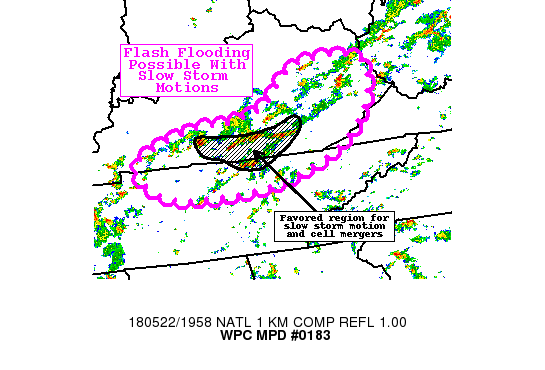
AREAS AFFECTED...SRN/ERN KENTUCKY...NRN TENNESSEE

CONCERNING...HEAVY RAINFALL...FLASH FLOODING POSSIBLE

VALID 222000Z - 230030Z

SUMMARY...SMALL LINES AND CLUSTERS OF STORMS WERE BEGINNING TO
SLOW DOWN AND MERGE...LEADING TO LOCALIZED AREAS OF VERY HEAVY
RAINFALL. RAIN RATES APPROACHING 2 IN/HR COULD LEAD TO FLASH
FLOODING.

DISCUSSION...REGIONAL RADARS IN THE PAST COUPLE HOURS HAVE SHOWN
BOTH SLIGHTLY SLOWER STORM MOTIONS AND A TENDENCY FOR CELL MERGERS
GIVEN SLIGHTLY CHAOTIC STORM MOTIONS. THIS WAS LEADING TO LARGER
AND MORE ORGANIZED CLUSTERS OF STORMS WITH A LONGER RESIDENCE TIME
IN SPECIFIC LOCATIONS...AND THUS INCREASING RAIN RATES. NWS RADAR
DUAL POL RAINFALL ESTIMATES WERE AS HIGH AS 2 IN/HR IN SOME AREAS.
THE CONVECTION APPEARED TO BE ORGANIZING JUST AHEAD OF A COLD
FRONT...WITH A COALESCING COLD POOL AND SOME MERGING CONVECTIVE
OUTFLOWS. THIS WAS GENERALLY LEADING TO AN E/SE PROGRESSION OF THE
CONVECTION WITH TIME...AND THIS GRADUAL PROGRESSION SHOULD
CONTINUE INTO THE EARLY EVENING HOURS.

HOWEVER...GIVEN THE RELATIVELY WEAK FLOW (WITH BACKBUILDING
CORFIDI VECTORS AROUND 5 KNOTS FROM A VARIETY OF DIRECTIONS) AND
WELL-DEFINED CONVECTIVE OUTFLOWS...CLUSTERS OF STORMS SHOULD
CONTINUE TO MEANDER AND OCCASIONALLY MERGE WITH OTHER CONVECTION.
THIS IS PARTICULARLY FAVORED OVER SOUTH-CENTRAL KENTUCKY INTO FAR
NORTHERN TENNESSEE...FROM BOWLING GREEN KY TO LONDON KY...AND THEN
SOUTH TO NEAR LIVINGSTON TN WHERE RADARS SHOW BOTH AN ABUNDANCE OF
CONVECTION AND ONGOING CELL MERGERS.